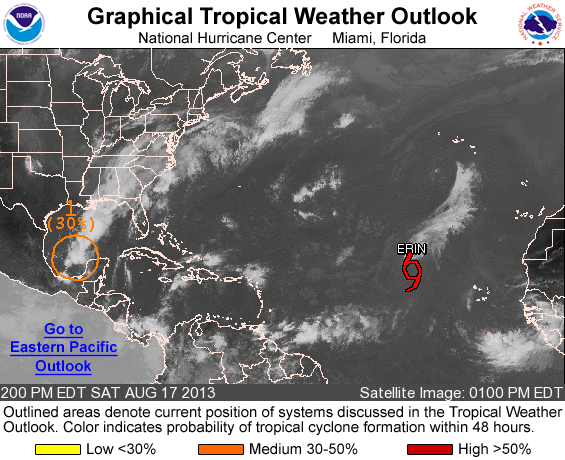
FOR THE NORTH ATLANTIC...CARIBBEAN SEA AND THE GULF OF MEXICO...

THE NATIONAL HURRICANE CENTER IS ISSUING ADVISORIES ON TROPICAL STORM ERIN...LOCATED WEST-NORTHWEST OF THE CAPE VERDE ISLANDS.

1. DISORGANIZED SHOWER AND THUNDERSTORM ACTIVITY HAS INCREASED NEAR THE AREA OF LOW PRESSURE OVER THE SOUTHWESTERN GULF OF MEXICO. HOWEVER...THE LOW-LEVEL CIRCULATION HAS BECOME ELONGATED AND LESS DEFINED DURING THE PAST FEW HOURS AND SURFACE PRESSURES REMAIN HIGH. UPPER-LEVEL WINDS ARE EXPECTED TO REMAIN ONLY MARGINALLY CONDUCIVE FOR DEVELOPMENT AS THIS SYSTEM BEGINS TO MOVE NORTHWESTWARD TO WEST-NORTHWESTWARD OVER THE NEXT COUPLE OF DAYS. AFTER 48 HOURS...DEVELOPMENT IS LESS LIKELY DUE TO INTERACTION WITH LAND. INTERESTS IN THE CENTRAL AND WESTERN GULF OF MEXICO SHOULD MONITOR THE PROGRESS OF THE SYSTEM THROUGH EARLY NEXT WEEK. THIS SYSTEM HAS A MEDIUM CHANCE...30 PERCENT...OF BECOMING A TROPICAL CYCLONE DURING THE NEXT 48 HOURS...AND A MEDIUM CHANCE...30 PERCENT...OF BECOMING A TROPICAL CYCLONE DURING THE NEXT 5 DAYS. THE AIR FORCE RESERVE RECONNAISSANCE AIRCRAFT MISSION SCHEDULED FOR THIS AFTERNOON HAS BEEN CANCELLED.

FIVE-DAY FORMATION PROBABILITIES ARE EXPERIMENTAL IN 2013. COMMENTS ON THE EXPERIMENTAL FORECASTS CAN BE PROVIDED AT...

HTTP://WWW.NWS.NOAA.GOV/SURVEY/NWS-SURVEY.PHP?CODE=ETWO

FORECASTER BRENNAN